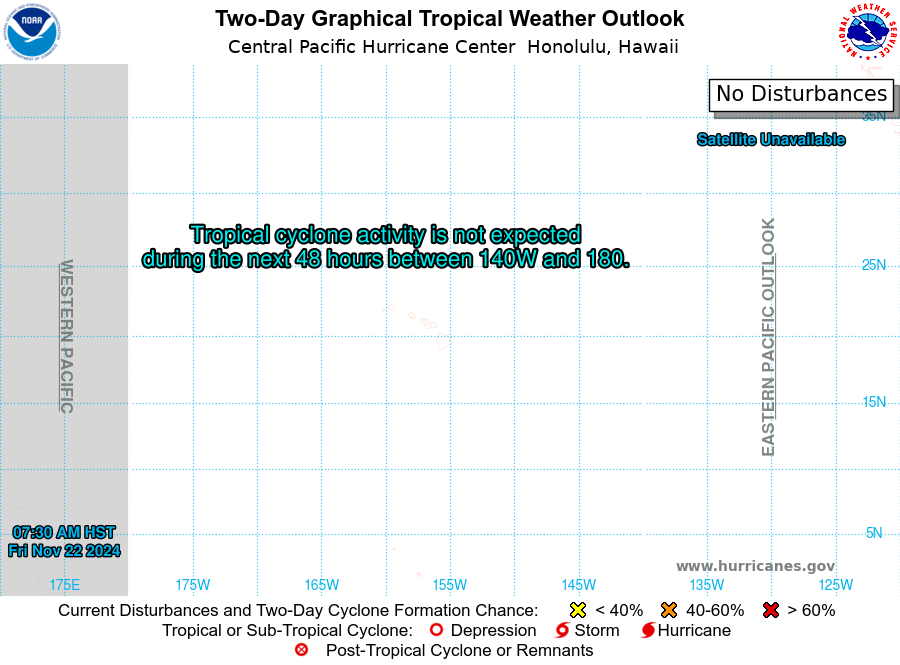
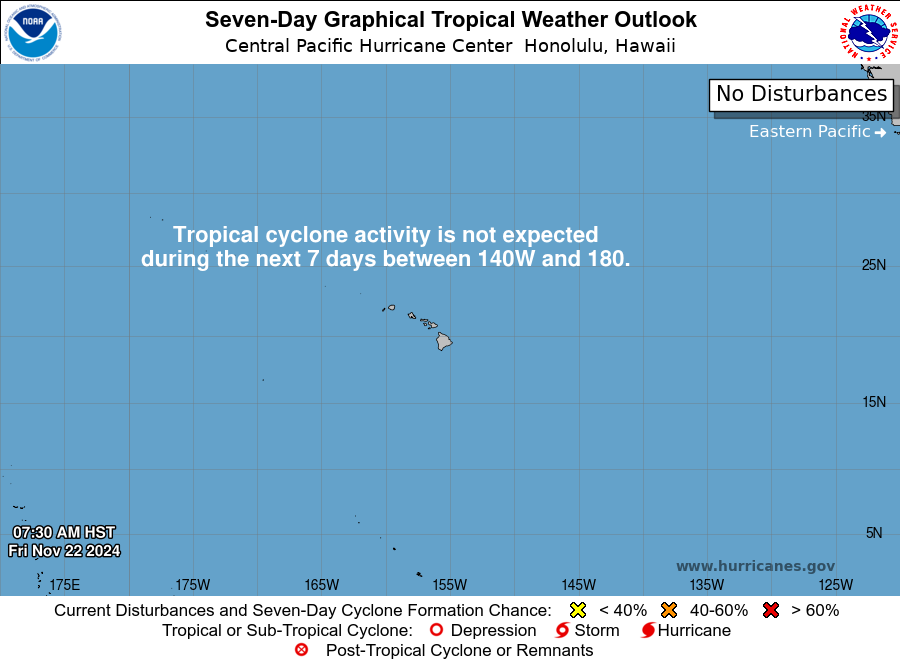
For the central North Pacific...between 140W and 180W:

No tropical cyclones are expected during the next 7 days.

Forecaster JVC